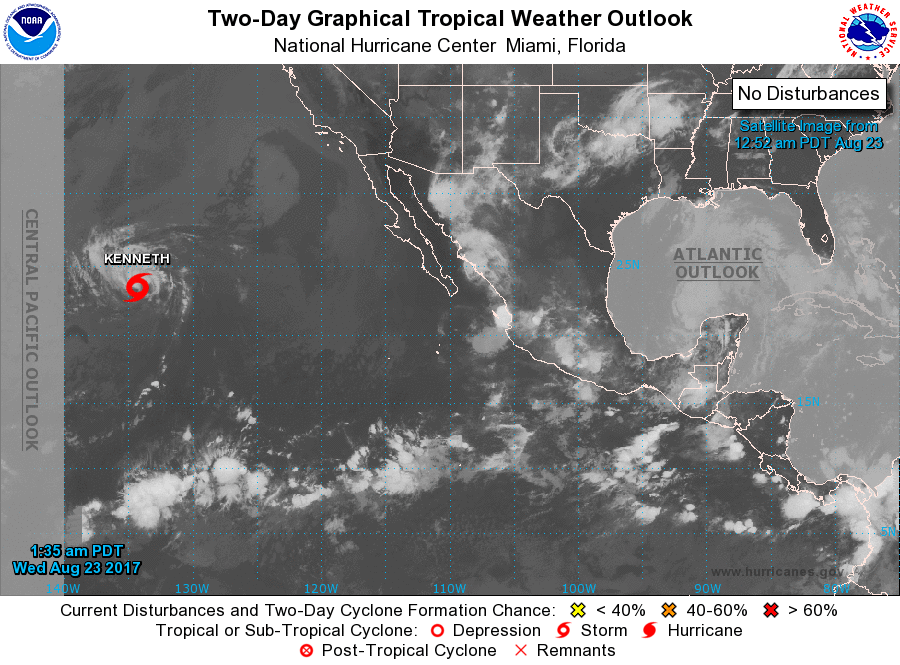
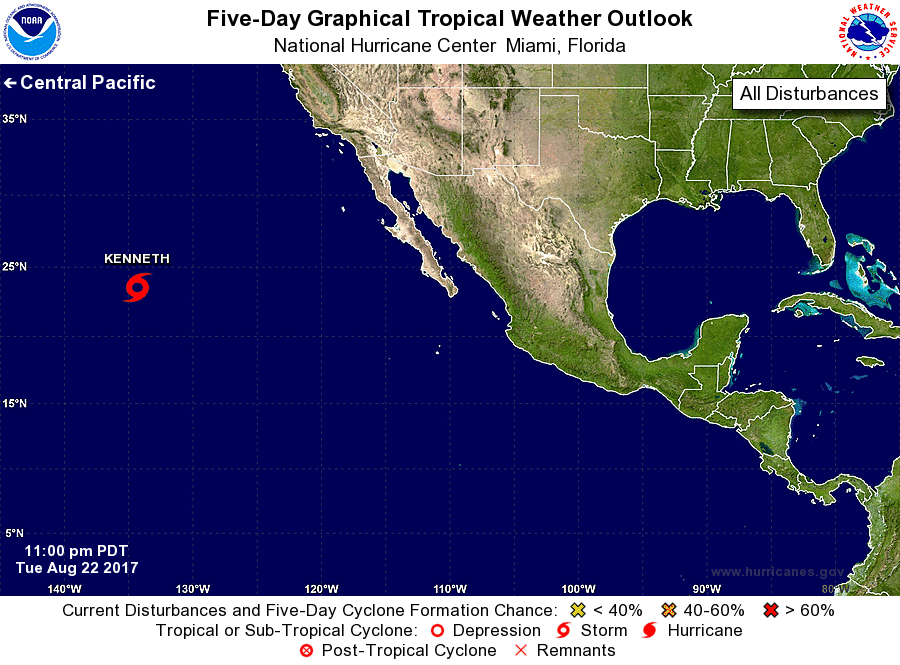
For the eastern North Pacific...east of 140 degrees west longitude:

The National Hurricane Center is issuing advisories on Tropical Storm Kenneth, located about 1500 miles west of the southern tip of the Baja California peninsula.

Tropical cyclone formation is not expected during the next 5 days.

Forecaster Brown